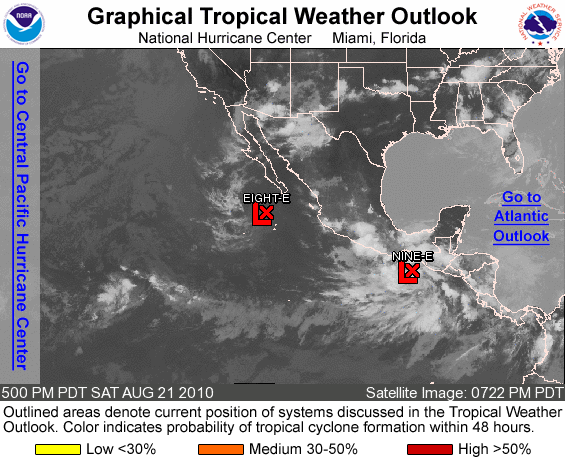
FOR THE EASTERN NORTH PACIFIC...EAST OF 140 DEGREES WEST LONGITUDE..

THE NATIONAL HURRICANE CENTER IS ISSUING ADVISORIES ON TROPICAL DEPRESSION EIGHT-E...LOCATED ABOUT 200 MILES SOUTHWEST OF THE SOUTHERN TIP OF BAJA CALIFORNIA....AND ON NEWLY-DEVELOPED TROPICAL DEPRESSION NINE-E...LOCATED ABOUT 205 MILES SOUTHEAST OF SALINA CRUZ MEXICO.

ELSEWHERE...TROPICAL CYCLONE FORMATION IS NOT EXPECTED DURING THE NEXT 48 HOURS.

PUBLIC ADVISORIES ON TROPICAL DEPRESSION NINE-E ARE ISSUED UNDER WMO HEADER WTPZ34 KNHC AND UNDER AWIPS HEADER MIATCPEP4. FORECAST/ADVISORIES ON TROPICAL DEPRESSION NINE-E ARE ISSUED UNDER WMO HEADER WTPZ24 KNHC AND UNDER AWIPS HEADER MIATCMEP4.

FORECASTER BEVEN